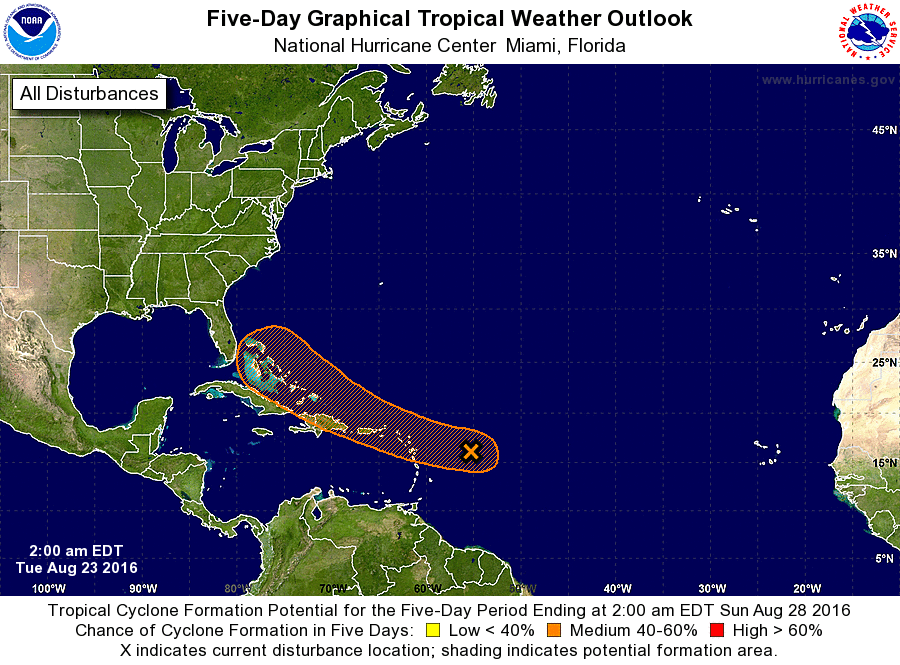
For the North Atlantic...Caribbean Sea and the Gulf of Mexico:

The National Hurricane Center is issuing advisories on Tropical Depression Fiona, located several hundred miles north-northeast of the Leeward Islands, and on recently upgraded Tropical Storm Gaston, located about 450 miles west-southwest of the Cabo Verde Islands.

1. A tropical wave located about 400 miles east-southeast of the Leeward Islands is producing widespread cloudiness and thunderstorms. Conditions are marginally conducive for gradual development while the disturbance moves west-northwestward to westward at 15 to 20 mph. Environmental conditions are expected to become more conducive for a tropical depression to form by late this week when the system is forecast to move near Hispaniola and Puerto Rico, and the southeastern and central Bahamas. An Air Force Reserve Hurricane Hunter aircraft is scheduled to investigate this system later this morning. Interests in the central and northern Lesser Antilles, the Virgin Islands, and Puerto Rico should monitor the progress of this system.
* Formation chance through 48 hours...medium...60 percent
* Formation chance through 5 days...medium...60 percent

Public Advisories on Gaston are issued under WMO header WTNT32 KNHC and under AWIPS header MIATCPAT2. Forecast/Advisories on Gaston are issued under WMO header WTNT22 KNHC and under AWIPS header MIATCMAT2.

Forecaster Stewart